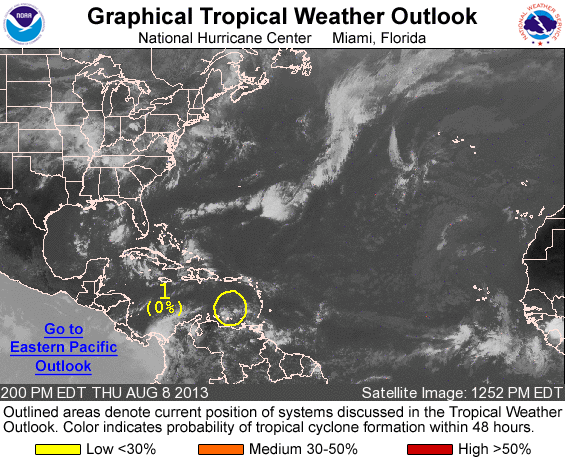
FOR THE NORTH ATLANTIC...CARIBBEAN SEA AND THE GULF OF MEXICO...

1. CLOUDINESS AND SHOWER ACTIVITY ASSOCIATED WITH A WEAK LOW PRESSURE SYSTEM OVER THE SOUTHEASTERN CARIBBEAN SEA HAVE DECREASED. ENVIRONMENTAL CONDITIONS ARE NOT CONDUCIVE FOR DEVELOPMENT WHILE THE LOW MOVES WESTWARD AT 10 TO 15 MPH DURING THE NEXT SEVERAL DAYS. THIS SYSTEM HAS A LOW CHANCE...NEAR 0 PERCENT...OF BECOMING A TROPICAL CYCLONE DURING THE NEXT 48 HOURS...AND A LOW CHANCE... NEAR 0 PERCENT...OF BECOMING A TROPICAL CYCLONE DURING THE NEXT 5 DAYS.

FIVE-DAY FORMATION PROBABILITIES ARE EXPERIMENTAL IN 2013. COMMENTS ON THE EXPERIMENTAL FORECASTS CAN BE PROVIDED AT...

HTTP://WWW.NWS.NOAA.GOV/SURVEY/NWS-SURVEY.PHP?CODE=ETWO

FORECASTER KIMBERLAIN